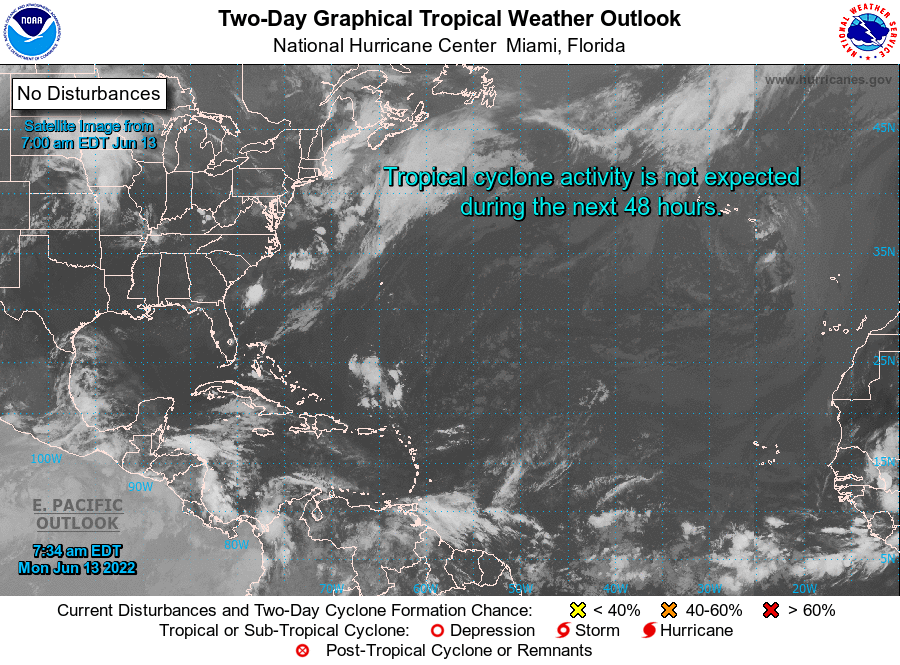
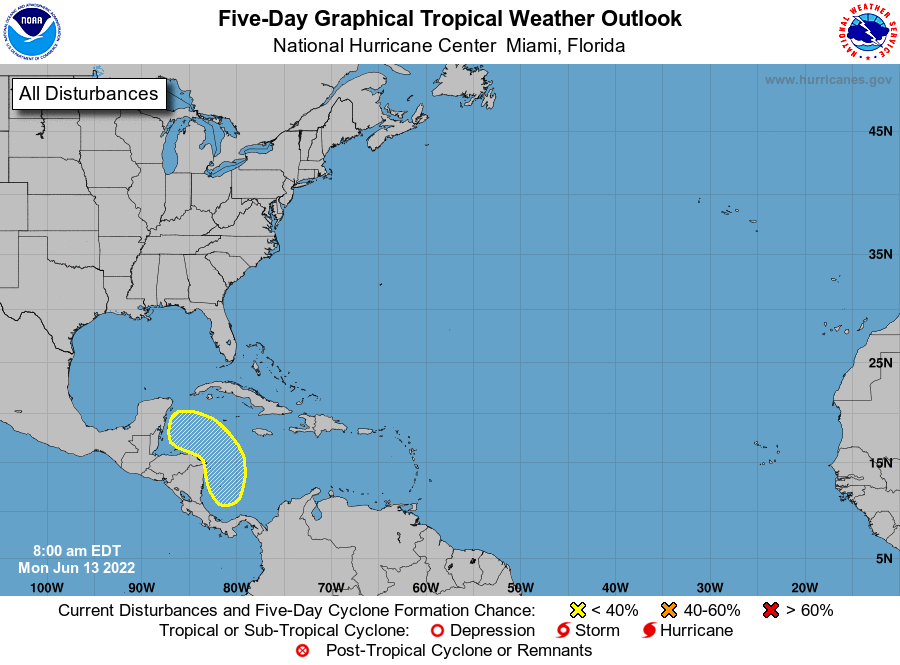
For the North Atlantic...Caribbean Sea and the Gulf of Mexico:

1. Southwestern Caribbean Sea: An area of low pressure is expected to develop by the middle part of this week over the southwestern Caribbean Sea. Some slow development of this system is possible thereafter while it drifts generally northwestward off the coasts of Nicaragua and Honduras.
* Formation chance through 48 hours...near 0 percent.
* Formation chance through 5 days...30 percent.

Forecaster Hagen/Blake